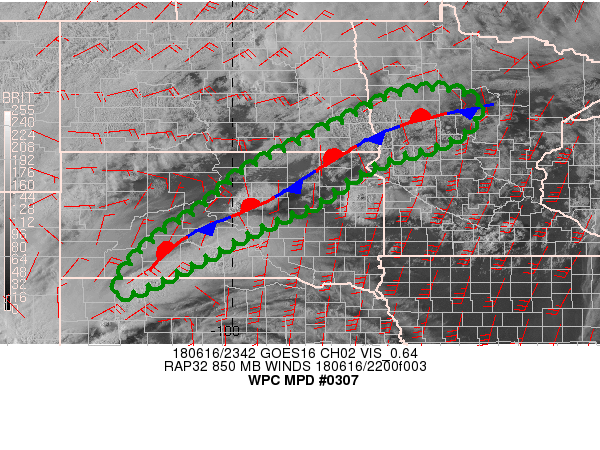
AREAS AFFECTED...NORTHERN PLAINS

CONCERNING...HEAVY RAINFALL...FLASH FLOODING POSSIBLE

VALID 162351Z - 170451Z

SUMMARY...CONVECTION HAS ERUPTED OVER NORTHWEST NEBRASKA AND THE
EXPANDING AXIS OF STORMS IS CURRENTLY LIFTING NORTHWARD. LATEST
RADAR AND SATELLITE IMAGERY NOW ALSO SHOWS NEW DEVELOPMENT FIRING
OVER CENTRAL SD. CONTINUED DEVELOPMENT AND EMERGING CELL TRAINING
POTENTIAL ALONG A SOUTHWEST TO NORTHEAST ORIENTED FRONT OVER SD
AND MN OFFERS A THREAT FOR FLASH FLOODING OVER THE NEXT FEW HOURS.

DISCUSSION...SURFACE OBSERVATIONS INDICATE A WELL-DEFINED AND WAVY
FRONT EXTENDING FROM NORTHWEST NEBRASKA NORTHEASTWARD ACROSS SD TO
MN. IMPULSE ENERGY/INSTABILITY AND DEEP MOISTURE POOLING FED BY AN
INTERSECTING LOW LEVEL JET IS LEADING TO ANOMALOUS PRECIPITABLE
WATER VALUES UPWARD OF 2 INCHES THAT IS AVAILABLE TO FUEL
ACTIVITY. INDUCED WAVES ALONG THE FRONT WILL FOCUS STORMS/INFLOW
WHILE THE PARALLEL ORIENTATION OF THE FLOW ALOFT TO THAT OF THE
FRONT AND CONVECTION FAVORS A THREAT OF CELL TRAINING AND REPEAT
CELLS OVER TIME.